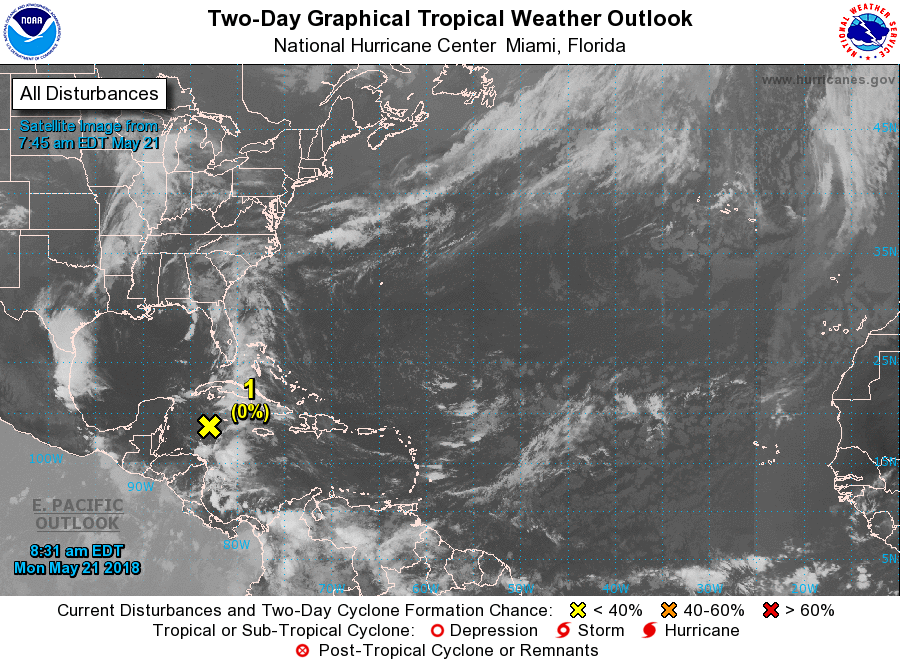
For the North Atlantic...Caribbean Sea and the Gulf of Mexico:

1. Widespread cloudiness and showers extending from the northwestern Caribbean Sea across Cuba and the Florida peninsula are associated with the interaction of a large upper-level low with a weak surface trough. While environmental conditions are expected to be unfavorable for development during the next couple of days, some gradual development is possible later this week while the system moves into the central or eastern Gulf of Mexico. Regardless of development, locally heavy rainfall is possible across western Cuba and Florida over the next several days. For more information on the heavy rain threat, please see products issued by your local weather office. The next Special Tropical Weather Outlook on this system will be issued by 800 PM EDT tonight.
* Formation chance through 48 hours...low...near 0 percent.
* Formation chance through 5 days...low...20 percent.

Forecaster Blake